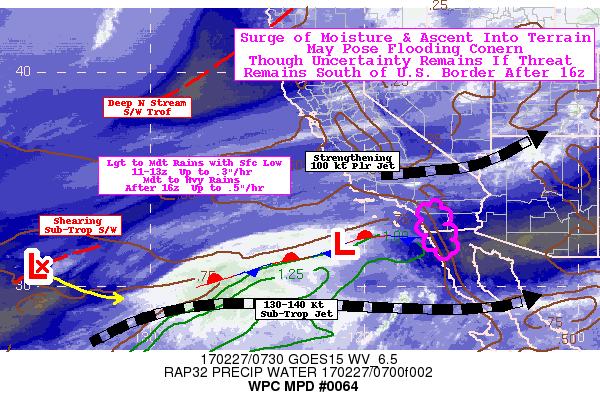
AREAS AFFECTED...SOUTHWEST CALIFORNIA

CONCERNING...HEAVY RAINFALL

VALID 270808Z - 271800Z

SUMMARY...DEEP MOISTURE REACHING SW CA COAST WITH LGT TO MDT
SHOWERS STARTING AROUND 11-12Z TO RAMP UP WITH MAIN SURGE OF
MOISTURE/LIFT AFTER 16Z.

DISCUSSION...SYNOPTIC SETUP FROM GOES-W WV AND RECENT 89 GHZ AMSU
MOSAIC DENOTES A DEEP NORTHERN STREAM TROF DESCENDING THROUGH NW
CA ATTM...TIGHTENING THE GRADIENT ACROSS S CA AND ENHANCING THE
JET TO AROUND 100 KTS THAT WILL STEADILY INCREASE THROUGHOUT THE
MORNING TO 120KTS WITH FAVORABLE RIGHT ENTRANCE PLACED OVER AREA
OF CONCERN.  WV ALSO DENOTES A SHEARED REMNANT SUB-TROPICAL LOW
NEAR 30N 135W.  THE INFLUENCE OF THE NORTHERN STREAM WILL CONTINUE
TO PRESS IT SOUTH WHILE SHEARING IT...HELPING TO PUMP UP THE
SUBTROPICAL RIDGING AHEAD OF IT.  IN THE LOWER LEVELS...BLENDED
TPW AND 89GHZ DENOTE A STATIONARY FRONT EXTENDING FROM JUST SOUTH
OF THE US/MEX BORDER TOWARD A WEAK INFLECTION NEAR 120W.
INCREASED FLOW AND UPPER LEVEL SUPPORT WILL HELP TO AMPLIFY THE
WAVE SLIGHTLY NEARING THE COAST TOWARD 12Z BRINGING MODEST SWLY
LOW LEVEL FLOW AND MOISTURE FLUX.

CURRENT IR SHOWS MILKY/FOGGY BANK OF THE LEADING PORTION OF
HIGHER/DEEP MOISTURE STREAM CROSSING SAN CLEMENTE ISLAND NEARING
THE SW SAN DIEGO COUNTY COAST INTO NW BAJA CALIFORNIA...THIS AREA
SEEMS TO BE A BIT FURTHER NORTH AND LIKELY HAS SLIGHTLY INCREASED
VALUES OF MOISTURE COMPARED TO THE CURRENT BLENDED TPW WHICH
DENOTES .5-.7" IN THE VICINITY. THIS IS FURTHER NORTH THAN OLDER
MODEL GUIDANCE SUGGESTED AS NEW 00Z AND RAPID REFRESH GUIDANCE
LATCHING ONTO THIS SLIGHT NORTHWARD SHIFT.  TIMING SUGGESTS LGT TO
MODERATE SHOWERS ARE EXPECTED AROUND THE 10-11Z TIME FRAME WITH
THIS SFC WAVE/SWLY FLOW INCREASING TO 40-45 KTS.  WITH TPWS UP TO
1.0" AND THIS FLOW...OROGRAPHIC ASCENT SHOULD SUPPORT .25"/HR
RATES WITH LOCALLY HIGHER AMOUNTS POSSIBLE WITH THIS SURGE FOCUSED
ON THE LAGUNA MTN RANGE FROM 14-16Z TIME PERIOD.  THIS ALONE IS
NOT TOO CONCERNING BUT COULD SET THE STAGE AND LOWER FFG VALUES
FOR THE MAIN SURGE OF MOISTURE/RAINFALL.

AS THE SHORTWAVES INTERACT AND AMPLIFY THE JET...THE BEST
INTERSECTION OF THE COUPLING JET ASCENT REGIONS SHOULD ADVANCE ON
THE SW CA/N BAJA COAST TOWARD 15-16Z AIDING INCREASED ASCENT.
THIS MAY BE A BIT NORTH OF THE LOWER LEVEL MOISTURE AXIS AS THE
CURRENT TREND OF BLENDED TPW/LAYERED TPW PRODUCTS FROM POLAR
SATELLITES DO NOT SUPPORT THE NORTHWARD SHIFT OF THE MOISTURE AXIS
KEEPING THE INTERPOLATED AXIS SOUTH OF THE U.S. BORDER. THIS IS
THE GREATEST UNCERTAINTY ON WHETHER OR NOT THERE IS A SOLID THREAT
OF FLOODING/FLASH FLOODING INTO THE U.S. OR REMAIN SOUTH IN BAJA
CALIFORNIA. HI-RES GUIDANCE INCLUDING RECENT RUNS OF THE HRRR AND
00Z ARW SUGGEST
THE MOISTURE/ASCENT CHANNEL WILL BE FAR ENOUGH NORTH TO GENERATE
RATES IN EXCESS OF .4-.5"/HR STARTING AROUND 16-18Z.  WHILE THIS
MAY PLAY OUT CONCERN IS REMOTE SENSED DATA TRENDS SUGGEST
OTHERWISE.  STILL...A GLANCING BLOW WITH MORE MODEST RATES IN .25"
RANGE WITH THE SECOND LONGER DURATION SURGE ARE STILL CONCERNING
FOR LOCALIZED TOTALS OF 1-2" BY 18Z INCREASING THE THREAT FOR
FLOODING AFTER 18Z.  WILL CONTINUE TO MONITOR AND UPDATE AS
NECESSARY AS NEW DATA BECOMES AVAILABLE/CONFIDENCE GROWS.